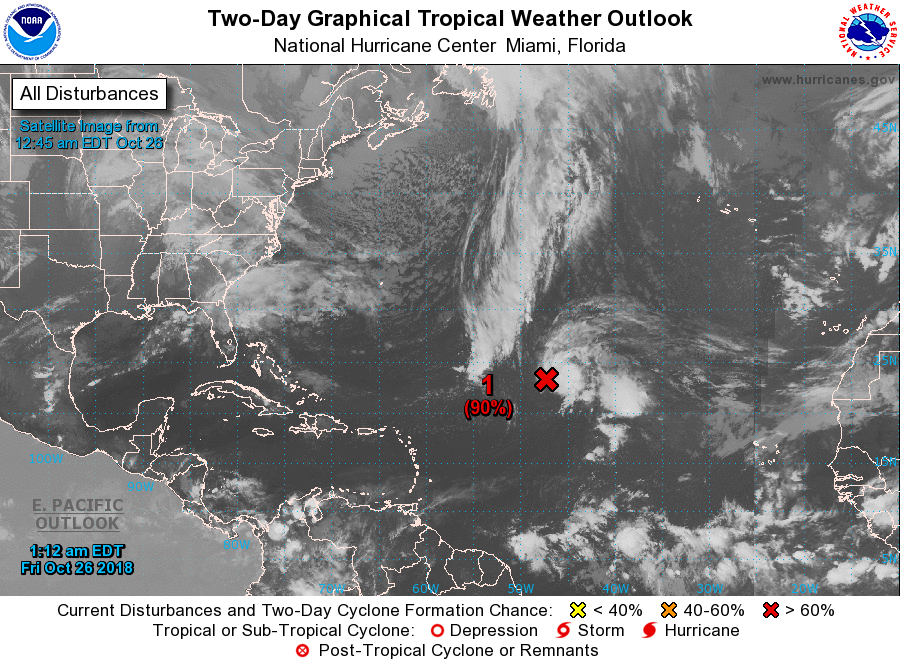
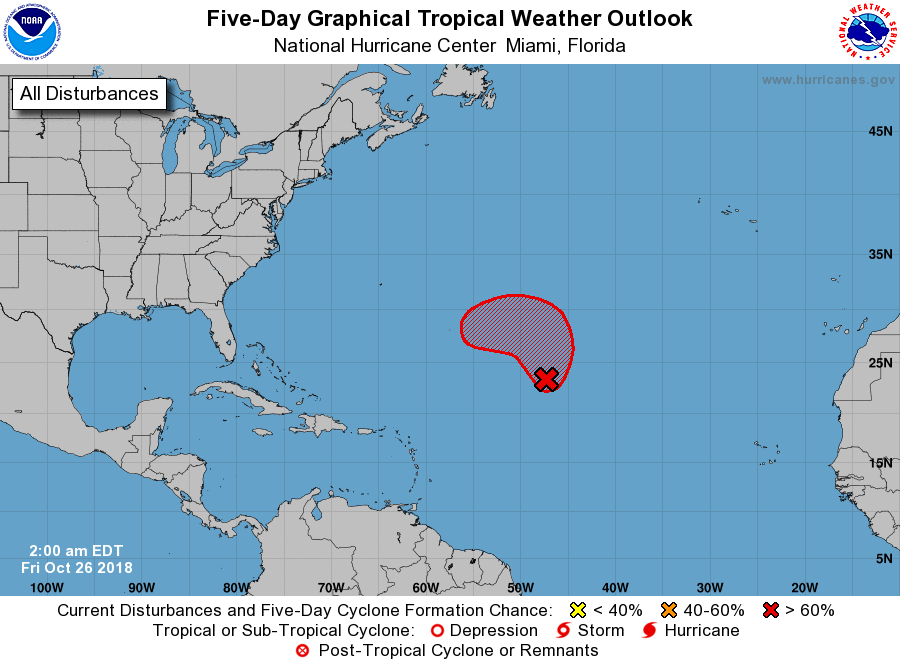
For the North Atlantic...Caribbean Sea and the Gulf of Mexico:

1. Showers and thunderstorms are gradually becoming better organized in association with a low pressure system located about 1000 miles east-northeast of the northern Leeward Islands. However, recent satellite data indicate that the circulation is elongated and the center is not yet well defined. This system will likely become a tropical or subtropical cyclone later today while it moves generally northward over the central Atlantic. After that time, the low is forecast to turn westward well to the north or northeast of the Lesser Antilles through early next week.
* Formation chance through 48 hours...high...90 percent.
* Formation chance through 5 days...high...90 percent.

Additional information on this system can be found in High Seas Forecasts issued by the National Weather Service, under AWIPS header NFDHSFAT1, WMO header FZNT01 KWBC, and available on the Web at https://ocean.weather.gov/shtml/NFDHSFAT1.shtml

Forecaster Cangialosi